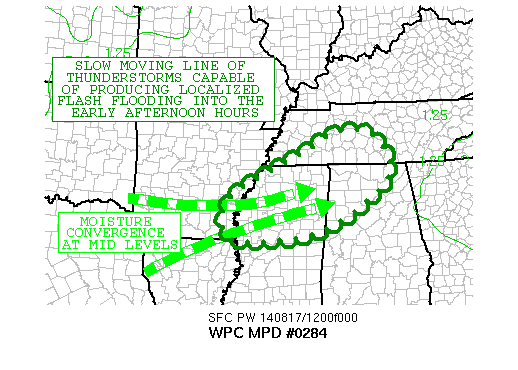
AREAS AFFECTED...NORTHERN MS...NORTHERN AL...CENTRAL TN

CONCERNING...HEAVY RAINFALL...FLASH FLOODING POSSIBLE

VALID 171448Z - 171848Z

SUMMARY...A DEVELOPING LINE OF STRONG THUNDERSTORMS WITH VERY
HEAVY RAIN HAS DEVELOPED ALONG A MID-LEVEL BOUNDARY ACROSS
NORTHERN MS AND CENTRAL TN.  GIVEN THAT THE SOUTHERN PORTION OF
THIS LINE OF CONVECTION IS SLOW MOVING, FLASH FLOODING IS POSSIBLE.

DISCUSSION...RECENT DEVELOPMENT OF CONVECTION ACROSS WESTERN TN
AND INTO NORTHERN MS NEAR A 700MB THETA-E GRADIENT HAS SHOWN
LITTLE SOUTHEASTWARD PROGRESSION OVER THE PAST HOUR.  THIS IS
CAUSING SOME CELL TRAINING ACROSS THIS REGION, AND SOME LOCATIONS
HAVE ALREADY RECEIVED IN EXCESS OF TWO INCHES PER RADAR ESTIMATES
SINCE 8 AM LOCAL TIME, WITH FLASH FLOOD GUIDANCE VALUES NEAR THREE
INCHES OVER A 3-HOUR TIME PERIOD.  A WSW 850MB INFLOW OF 20 TO 30
KTS IS ADVECTING 1.75 TO 2.00IN PWS INTO THIS REGION.

THE EXPECTATION IS FOR CELL TRAINING ACROSS NORTHERN MS AND AL,
AND INTO TENNESSEE OVER THE NEXT SEVERAL HOURS.  THE MAJORITY OF
THE MESOSCALE QPF IS CURRENTLY DEPICTING LIGHTER RAINFALL THAT
WHAT IS OCCURRING.  HOURLY RAINFALL RATES OF UP TO 2.5 INCHES PER
HOUR ARE SUPPORTED FROM THE HIGH PW VALUES, WHICH COULD LEAD TO 2
TO 4 INCHES OF RAINFALL WHERE CELLS ARE TRAINING.